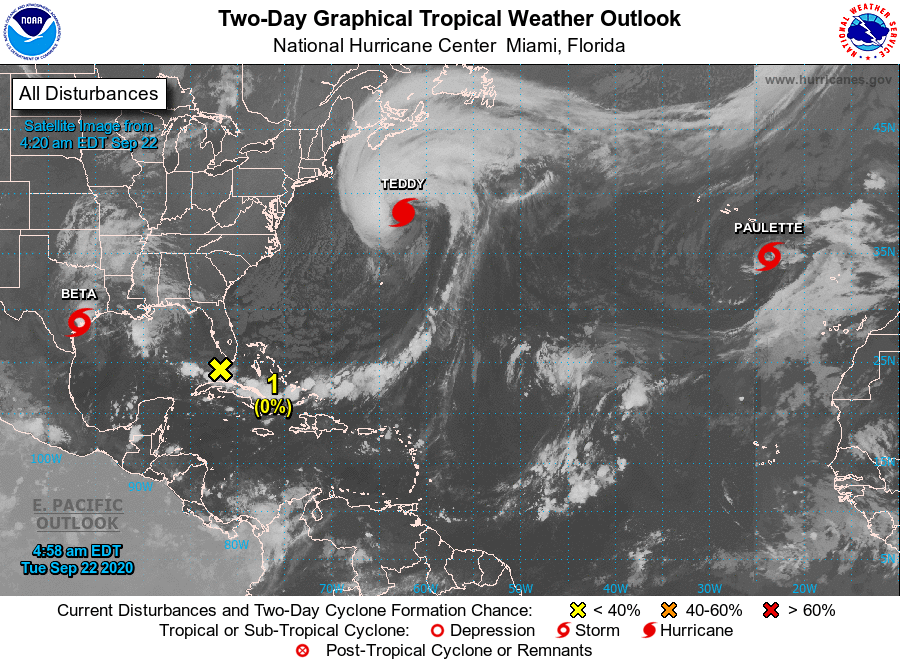
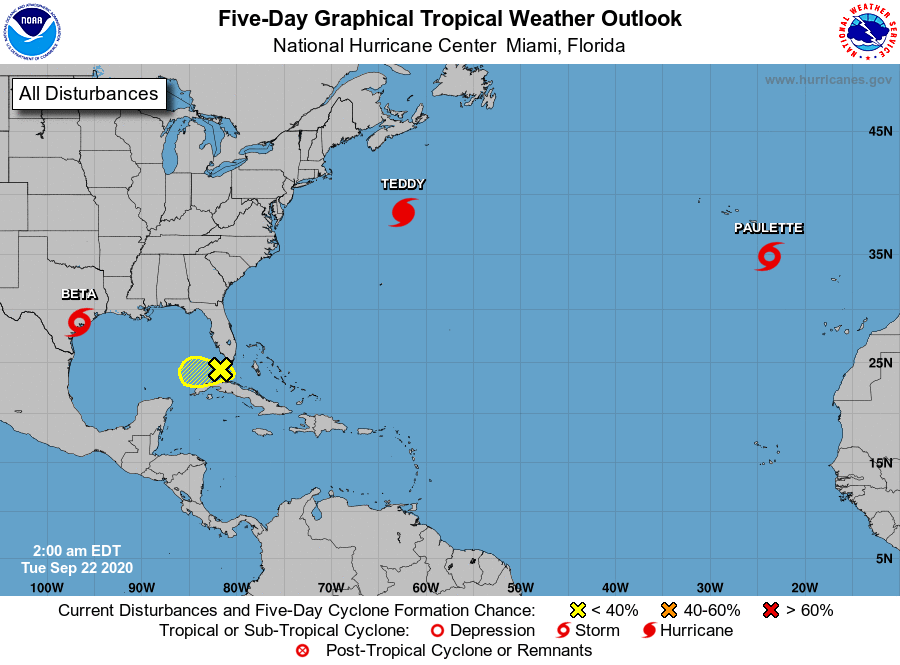
For the North Atlantic...Caribbean Sea and the Gulf of Mexico:

The National Hurricane Center is issuing advisories on Tropical Storm Beta, located over the Texas coast, on Hurricane Teddy, located about 600 miles south of Halifax, Nova Scotia, and has re-initiated advisories on regenerated Tropical Storm Paulette, located about 300 miles south-southeast of the Azores.

1. Showers and thunderstorms extending from the Bahamas westward through the Straits of Florida and into the southeastern Gulf of Mexico are associated with a frontal system. This system is forecast to move slowly southward over Cuba during the next couple of days, and then move back northward on Thursday through Saturday. Environmental conditions could be marginally conducive for some slight development over the southeastern Gulf of Mexico late this week. Regardless of development, locally heavy rainfall is possible over portions of Cuba on Tuesday and Wednesday.
* Formation chance through 48 hours...low...near 0 percent.
* Formation chance through 5 days...low...10 percent.

Public Advisories on Paulette are issued under WMO header WTNT31 KNHC and under AWIPS header MIATCPAT1. Forecast/Advisories on Paulette are issued under WMO header WTNT21 KNHC and under AWIPS header MIATCMAT1.

Forecaster Pasch